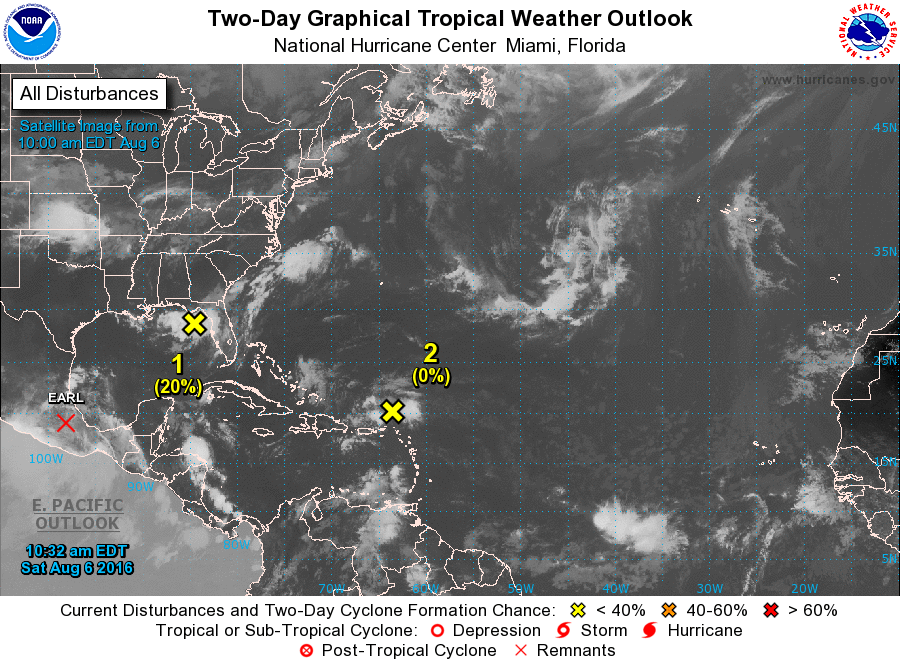
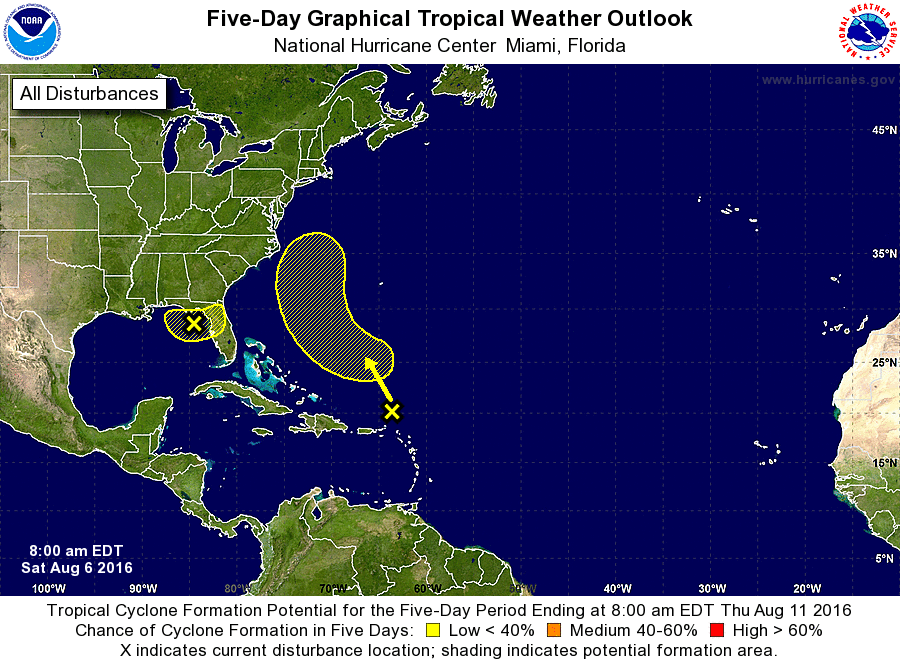
For the North Atlantic...Caribbean Sea and the Gulf of Mexico:

The National Hurricane Center is issuing advisories on Tropical Depression Earl, located well inland over Mexico west of Veracruz.

1. An area of cloudiness and thunderstorms associated with a trough of low pressure is located over the northeastern Gulf of Mexico. Some gradual development is possible before the system moves inland over the southeastern United States in a couple of days. Regardless of development, heavy rainfall over northern Florida is anticipated.
* Formation chance through 48 hours...low...20 percent
* Formation chance through 5 days...low...30 percent

2. A tropical wave is producing disorganized cloudiness and showers just north of Puerto Rico and the adjacent Atlantic. An area of low pressure could form in the middle of next week between Florida and Bermuda while the activity moves west-northwestward and then northward over the Atlantic.
* Formation chance through 48 hours...low...near 0 percent
* Formation chance through 5 days...low...20 percent

Forecaster Avila